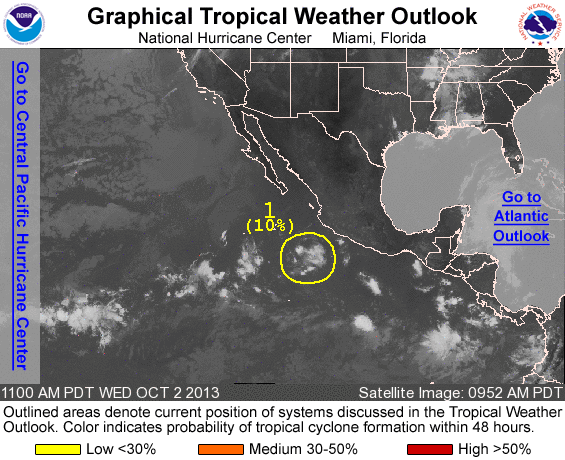
FOR THE EASTERN NORTH PACIFIC...EAST OF 140 DEGREES WEST LONGITUDE..

1. SHOWER AND THUNDERSTORM ACTIVITY HAS DECREASED IN ASSOCIATION WITH A BROAD AREA OF LOW PRESSURE LOCATED ABOUT 400 MILES SOUTH-SOUTHWEST OF MANZANILLO MEXICO. HOWEVER...SOME SLOW DEVELOPMENT OF THIS SYSTEM IS POSSIBLE DURING THE NEXT SEVERAL DAYS AS IT MOVES WESTWARD AT AROUND 10 MPH. THIS SYSTEM HAS A LOW CHANCE...10 PERCENT...OF BECOMING A TROPICAL CYCLONE DURING THE NEXT 48 HOURS...AND A LOW CHANCE...20 PERCENT...OF BECOMING A TROPICAL CYCLONE DURING THE NEXT 5 DAYS.

FIVE-DAY FORMATION PROBABILITIES ARE EXPERIMENTAL IN 2013. COMMENTS ON THE EXPERIMENTAL FORECASTS CAN BE PROVIDED AT...

HTTP://WWW.NWS.NOAA.GOV/SURVEY/NWS-SURVEY.PHP?CODE=ETWO

FORECASTER BRENNAN